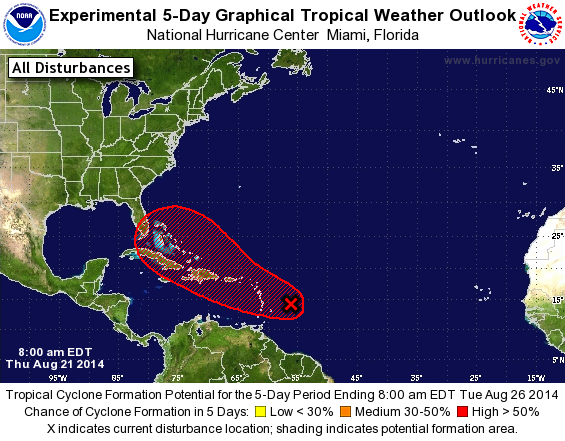
For the North Atlantic...Caribbean Sea and the Gulf of Mexico:

Shower and thunderstorm activity associated with an elongated area of low pressure located about 350 miles east of the Lesser Antilles has changed little in organization during the past several hours. Environmental conditions are expected to be conducive for development during the next day or so, and a tropical depression could form while the system moves west-northwestward at 15 to 20 mph across the Lesser Antilles and over the eastern Caribbean Sea. The mountainous terrain of Hispaniola and eastern Cuba could limit development during the first part of the weekend, but conditions are expected to become more conducive for development by early next week when the system is forecast to move near or over the Bahamas.

1. Regardless of tropical cyclone formation, gusty winds and heavy rainfall are possible across portions of the Lesser Antilles, Puerto Rico, and the Virgin Islands tonight and Friday, and over Hispaniola late Friday and Saturday. Interests in those islands should closely monitor the progress of this disturbance. An Air Force Reserve Hurricane Hunter aircraft is scheduled to investigate the low this afternoon, if necessary.
* Formation chance through 48 hours...medium...50 percent.
* Formation chance through 5 days...high...70 percent.

Forecaster Brennan